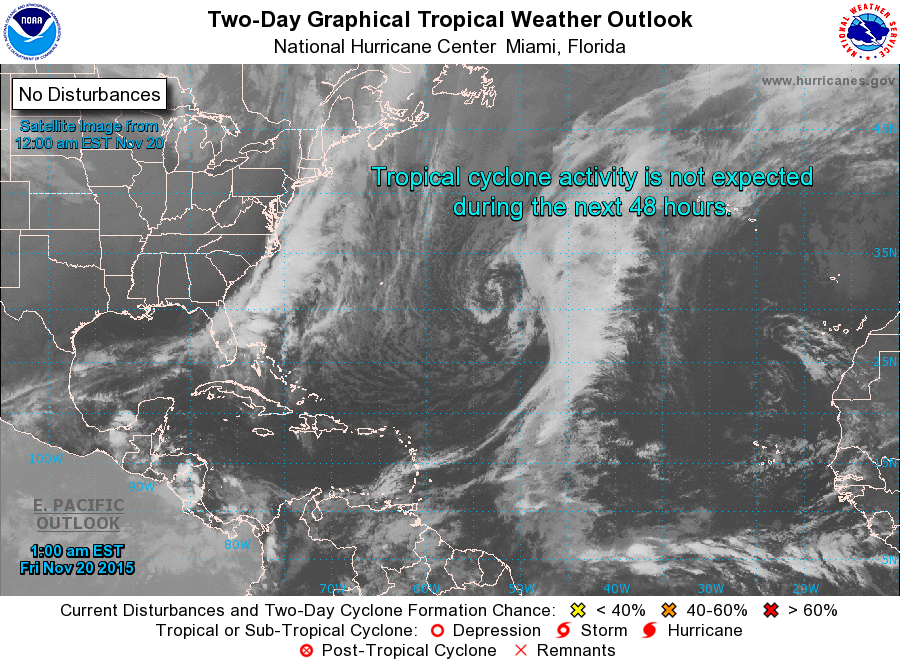
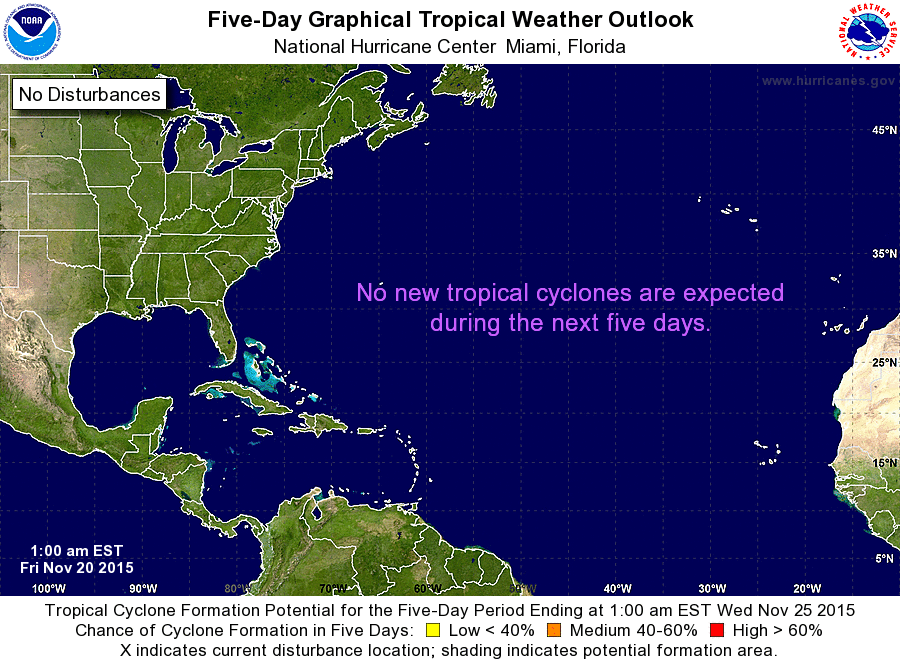
For the North Atlantic...Caribbean Sea and the Gulf of Mexico:

Tropical cyclone formation is not expected during the next 5 days.

Forecaster Berg